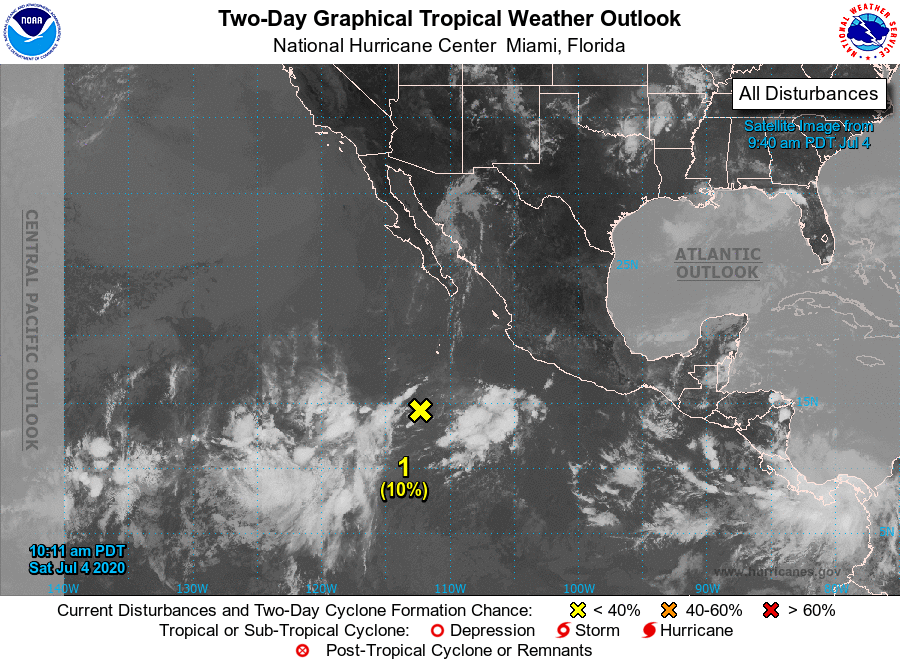
For the eastern North Pacific...east of 140 degrees west longitude:

1. A broad area of low pressure located several hundred miles south of the southern tip of the Baja California peninsula continues to produce disorganized showers and thunderstorms. Development, if any, of this system should be slow to occur during the next few days while it moves west-northwestward at about 10 mph.
* Formation chance through 48 hours...low...10 percent.
* Formation chance through 5 days...low...20 percent.

2. An area of low pressure is forecast to form south of the coast of southern Mexico in a couple of days. Environmental conditions are expected to be conducive for gradual development, and a tropical depression could form by the middle of next week while it moves west-northwestward, well south of the coast of southern Mexico.
* Formation chance through 48 hours...low...near 0 percent.
* Formation chance through 5 days...medium...60 percent.

Forecaster Cangialosi